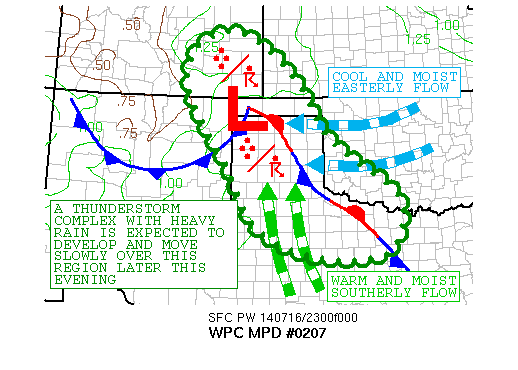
AREAS AFFECTED...SE COLORADO TO TEXAS PANHANDLE

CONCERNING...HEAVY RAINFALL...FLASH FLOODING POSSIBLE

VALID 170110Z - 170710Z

SUMMARY...A MESOSCALE CONVECTIVE COMPLEX IS EXPECTED TO DEVELOP
LATE THIS EVENING NEAR A SURFACE LOW AND FRONTAL BOUNDARY.  HOURLY
RAINFALL RATES EXCEEDING 1 INCH PER HOUR WITH THUNDERSTORMS ARE
LIKELY FROM SOUTHEAST COLORADO INTO NORTHWEST TEXAS.  THIS SHOULD
LEAD TO A DEVELOPING THREAT OF FLASH FLOODING LATE THIS EVENING
AND INTO THE EARLY MORNING HOURS.

DISCUSSION...THE 00Z SURFACE ANALYSIS DEPICTED A SURFACE LOW OVER
THE OKLAHOMA PANHANDLE WITH A QUASI-STATIONARY FRONT EXTENDING TO
THE SOUTHEAST.  A DEVELOPING 35KT LOW LEVEL JET IN THE WARM SECTOR
IS EXPECTED TO ADVECT 1.50 TO 1.75 INCH PWS NORTHWARD AND OVERRUN
A COOLER BOUNDARY LAYER OVER WESTERN OKLAHOMA.  SHORTWAVE ENERGY
ALOFT APPROACHING FROM THE NORTHWEST WILL ALLOW FOR DEEP LAYER
ASCENT IN THE PRESENCE OF 1500 TO 2500 J/KG CAPE VALUES PER THE
LATEST SPC MESOANALYSIS.

CONVECTIVE COVERAGE IS EXPECTED TO INCREASE THROUGH THE REMAINDER
OF THE EVENING AND INTO THE OVERNIGHT HOURS OVER THIS REGION.
THERE IS RELATIVELY GOOD AGREEMENT AMONG THE SHORT-TERM MODELS
WITH AN AXIS OF HEAVY RAIN DEVELOPING ORIENTED NORTHWEST TO
SOUTHEAST WITH 1 TO 3 INCHES OF RAIN BY 6Z WITH LOCALLY HIGHER
AMOUNTS.